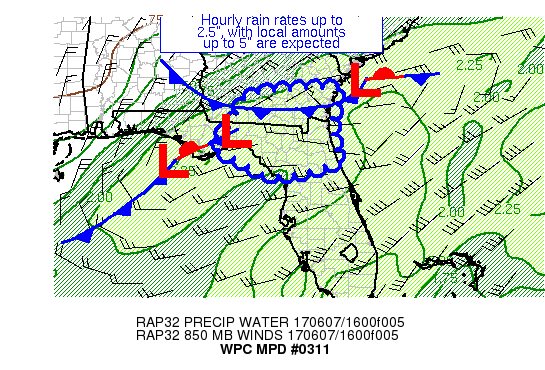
AREAS AFFECTED...SOUTHEAST GA & NORTHEAST FL

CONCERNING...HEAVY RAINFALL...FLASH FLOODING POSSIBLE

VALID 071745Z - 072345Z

SUMMARY...THUNDERSTORMS SHOWING SLOW MOTION ARE BUILDING ACROSS
THE REGION.  HOURLY RAIN RATES TO 2.5" WITH LOCAL AMOUNTS TO 5"
ARE POSSIBLE.

DISCUSSION...THUNDERSTORMS ARE STARTING TO BUILD IN COVERAGE AHEAD
OF A WEAK SURFACE WAVE NEAR TALLAHASSEE FL IN THE VICINITY OF A
COLD FRONT WHICH IS SLOWLY SAGGING SOUTH THROUGH SOUTHERN GA.  THE
REGION IS JUST AHEAD OF A WEAKENING UPPER LOW/DEEP LAYERED
CYCLONE.  PRECIPITABLE WATER VALUES ARE ~2" PER THE MORNING
SOUNDINGS.  INFLOW AT 850 HPA IS WEAK, CYCLONIC AT 10-20 KTS PER
VAD WIND PROFILES.  HOWEVER, EFFECTIVE BULK SHEAR HAS BEEN
TRENDING UPWARD LATELY, WITH VALUES ~30 KTS.

MLCAPES ARE IN THE 1000-1500 J/KG RANGE, AND SHOULD INCREASE
SLIGHTLY FURTHER BEFORE CONVECTIVE COVERAGE PEAKS 19-22Z PER THE
06Z SSEO NEIGHBORHOOD PROBABILITIES OF EXCEEDING FLASH FLOOD
GUIDANCE.  INSTABILITY FIELDS INDICATE THAT INCREASING CONVECTIVE
COVERAGE IS EXPECTED OVER TIME AS ANOTHER SURFACE WAVE IN THE GULF
OF MEXICO APPROACHES CEDAR KEY.  CELL MOTIONS ARE EXPECTED TO BE
SLOW, EASTWARD AT 10-15 KTS FOR MORE ORGANIZED STORMS.  CELL
MERGERS AND THOSE THAT STALL OUT ARE CONSIDERED TO BE THE MAIN
HEAVY RAIN THREAT.  AS THE LOW OFFSHORE THE GA COAST STRENGTHENS
-- APPARENT IN 16-17Z OBSERVATIONS -- THE COLD FRONT SHOULD SWING
SOUTHWARD PAST I-10 AND THE BULK OF THE HEAVY RAIN THREAT SHOULD
END.  THIS IS EXPECTED TO BE AROUND 00Z.  THE GUIDANCE INITIALLY
DOES NOT APPEAR TO BE FAR ENOUGH TO THE NORTH WITH THE ACTIVITY SO
FAR.  HOURLY RAIN RATES UP TO 2.5" WITH LOCAL AMOUNTS UP TO 5"
COULD CAUSE ISSUES OVER SOILS SATURATED BY THE LAST FEW DAYS OF
RAINFALL.